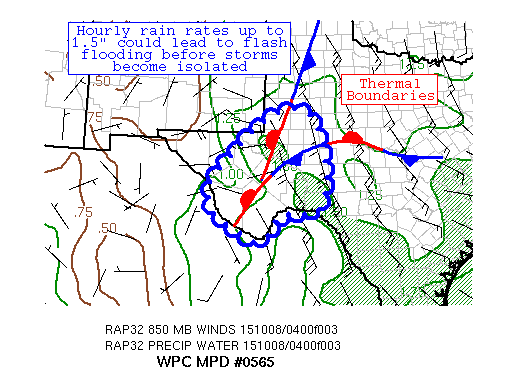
AREAS AFFECTED...PORTIONS OF WESTERN TX/SOUTHEAST NM

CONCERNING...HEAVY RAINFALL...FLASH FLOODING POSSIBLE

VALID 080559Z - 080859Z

SUMMARY...HEAVY RAINFALL IS BEGINNING TO DECREASE IN COVERAGE AND
INTENSITY.  THE FLASH FLOOD THREAT SHOULD FADE OVER THE NEXT FEW
HOURS.

DISCUSSION...AN UPPER LOW NEAR THE SOUTHERN BORDER OF AZ/NM IS
PROVIDING DIVERGENCE AND LIFT ACROSS WESTERN TX AND NORTHERNMOST
MEXICO OVER A PAIR OF THERMAL BOUNDARIES AND NEAR/DOWNWIND OF
TOPOGRAPHY.  PER THE 0516Z SPENES MESSAGE FROM SAB/NESDIS, CLOUD
TOPS HAVE UNDERGONE A SLOW PROCESS OF WARMING OVER THE PAST COUPLE
HOURS AS MUCAPE ACROSS THE REGION SLOWLY FADES, DOWN TO 500-1000
J/KG PER RECENT SPC MESOANALYSES.  CONVECTION HAS BECOME MORE
SCATTERED IN NATURE AS OF LATE PER RADAR IMAGERY.  PRECIPITABLE
WATER VALUES ARE BETWEEN 1-1.4" PER RECENT GPS INFORMATION. INFLOW
AT 850 HPA REMAINS FROM THE SOUTHEAST 25-35 KTS, SIMILAR IN
MAGNITUDE TO THE 850-400 HPA WIND BUT AT A RIGHT ANGLE.
CONSIDERING THE ORIENTATION OF THE INSTABILITY AND THUNDERSTORM
DEVELOPMENT ACROSS THE TX BIG BEND, INSTABILITY APPEARS TO BE
ADVECTING IN WITHIN THE 500-700 HPA LAYER.

A MAJORITY OF THE GUIDANCE SUGGESTS THAT CELL COVERAGE SHOULD
BECOME ISOLATED BY 09Z, LIKELY DUE TO EXHAUSTING INSTABILITY.  THE
WRINKLE IN THE FORECAST IS A BUBBLE OF 500-1500 J/KG
MUCAPE/INSTABILITY MOVING UP THE RIO GRANDE VALLEY, WHICH NEEDS TO
BE WATCHED IN CASE IT LEADS TO A RENEWED UPTICK IN CONVECTIVE
DEVELOPMENT OVER THE NEXT SEVERAL HOURS.  HOURLY RAIN RATES WITHIN
THIS ENVIRONMENT HAVE THE POTENTIAL TO PEAK AT 1.5".  THE CAM
GUIDANCE ADVERTISES 1.5-3" OF RAINFALL OVER THE NEXT SEVERAL
HOURS, WHICH COULD FALL QUICKLY.  AMOUNTS OF 3" WOULD BE NEAR THE
10 YEAR RECURRENCE INTERVAL FOR SPOTS WITHIN THIS AREA AS WELL AS
THREE HOUR FLASH FLOOD GUIDANCE VALUES.  FLASH FLOODING REMAINS
POSSIBLE OVER THE NEXT FEW HOURS BEFORE CONVECTIVE COVERAGE
BECOMES ISOLATED.